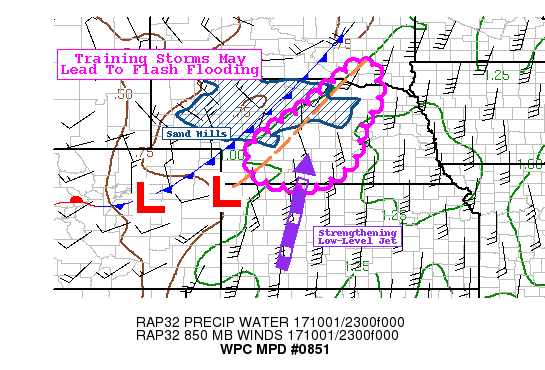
AREAS AFFECTED...CENTRAL NEBRASKA

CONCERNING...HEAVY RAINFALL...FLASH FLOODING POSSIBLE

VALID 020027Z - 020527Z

SUMMARY...THUNDERSTORMS INITIATING OVER CENTRAL NEBRASKA JUST
AHEAD OF A COLD FRONT MAY TRAIN AND PRODUCE A CORRIDOR OF HEAVY
RAINFALL AND LOCALIZED FLASH FLOODING THIS EVENING.

DISCUSSION...AS OF 00Z A CONTINUOUS LINE OF THUNDERSTORMS HAD
DEVELOPED JUST AHEAD OF A COLD FRONT...PERHAPS ALONG A PRE-FRONTAL
TROUGH...FROM NEAR NORTH PLATTE NE TO NEAR ONIELL NE. RADAR
RAINFALL ESTIMATES MAY BE A BIT HAIL CONTAMINATED GIVEN THE
NUMEROUS REPORTS OF HAIL WITH THESE STORMS. HOWEVER...A MESONET
SITE NEAR TAYLOR NE IN LOUP COUNTY DID RECENTLY MEASURE ABOUT 0.6
INCHES OF RAIN IN 20 MINUTES...SO SOME 1-2 INCH PER HOUR RAIN
RATES SEEM ACHIEVABLE WITH TRAINING STORMS THIS EVENING.

SEVERAL FACTORS MAY LIMIT THE FLASH FLOOD THREAT. FIRST...PORTIONS
OF THE OUTLINED DISCUSSION AREA ARE IN OR NEAR THE NEBRASKA SAND
HILLS WHICH ARE HYDROLOGICALLY LESS FAVORABLE FOR FLASH FLOODING.
SECOND...THE HRRR INDICATES VERY LOW SOIL SATURATION PERCENTAGES
IN THE AREA SUGGESTING THAT THE SOIL MAY BE ABLE TO ABSORB SOME
RAIN BEFORE RUNOFF BEGINS IN EARNEST. THIRD...THE DEEPER MOISTURE
EXISTS FURTHER TO THE EAST WITH CIRA LAYER PRECIPITABLE WATER
PRODUCTS INDICATING THE AXIS OF DEEPER MOISTURE SITUATED CLOSER TO
THE NE-IA BORDER. THIS MAY REDUCE PRECIPITATION EFFICIENCY ACROSS
CENTRAL NEBRASKA.

NEVERTHELESS...THE AFOREMENTIONED BAND OF CONVECTION IS ORIENTED
ROUGHLY PARALLEL TO THE MEAN FLOW AND THIS IS EXPECTED TO CONTINUE
FOR ANOTHER FEW HOURS BEFORE THE MEAN FLOW BEGINS TO VEER AS THE
LEAD SHORTWAVE KICKS NORTH OF THE AREA. WITH A WELL-ESTABLISHED
BAND OF THUNDERSTORM ACTIVITY...THIS MAY ENABLE PERSISTENT HEAVY
RAINFALL AT SOME LOCATIONS FOR 2-3 HOURS AND THE POTENTIAL FOR A
FEW INCHES OF RAIN IN A SHORT PERIOD OF TIME AND LOCALIZED FLASH
FLOODING. THE RAP SUGGESTS THIS MAY FOCUS FURTHER TO THE SOUTHEAST
LATER IN THE EVENING...AS THE NOSE OF THE LOW-LEVEL JET FOCUSES
NEAR OR JUST SOUTH OF I-80 IN SOUTH-CENTRAL NEBRASKA.